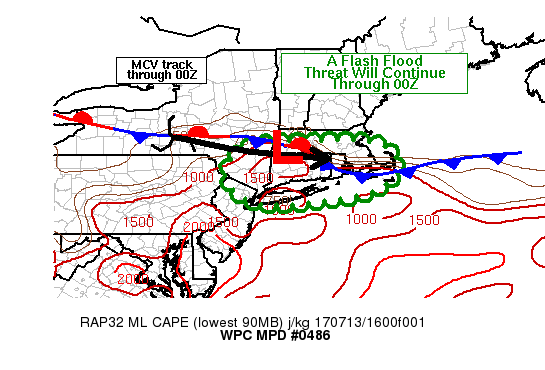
AREAS AFFECTED...SRN NY/LONG ISLAND INTO SRN NEW ENGLAND

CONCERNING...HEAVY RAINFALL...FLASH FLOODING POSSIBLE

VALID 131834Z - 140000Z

SUMMARY...SCATTERED FLASH FLOODING WILL BE POSSIBLE ACROSS
PORTIONS OF SRN NY/LONG ISLAND INTO SRN NEW ENGLAND THROUGH 00Z.
RAINFALL RATES OF 1-2 IN/HR WITH MAXIMUM RAINFALL TOTALS UP TO 4
INCHES ARE EXPECTED.

DISCUSSION...RELATIVELY CLEAR SKIES OVER PORTIONS OF SRN NY INTO
CT EARLIER TODAY HAS ALLOWED FOR A MAXIMUM IN MLCAPE TO DEVELOP
WITH AN ESTIMATED 1000-2000 J/KG IN PLACE BASED ON THE 17Z SPC
MESOANALYSIS PAGE. DEWPOINTS IN THE LOW TO MID 70S PRESENT SOUTH
OF A STRONG...SLOW MOVING BACK DOOR FRONT ACROSS THE REGION IS
COINCIDENT WITH PRECIPITABLE WATER VALUES OF 1.6 TO 1.8 INCHES PER
RECENT GPS SITE OBSERVATIONS. BACK TO THE WEST...A WELL DEFINED
MCV NEAR BGM CONTINUES TO STEADILY TRACK ESEWD ALONG THE FRONTAL
BOUNDARY AND EXTRAPOLATION FORECASTS THE VORTEX TO REACH SERN NEW
ENGLAND BY 00Z.

ENHANCED LOW LEVEL MOISTURE TRANSPORT AND LIFT AHEAD OF THE MCV
SHOULD CONTINUE TO SUPPORT RAINFALL RATES OF 1-2 IN/HR IN THE
VICINITY OF THE FRONTAL BOUNDARY. IN ADDITION...UNIDIRECTIONAL WLY
FLOW IN THE WARM SECTOR IS ALREADY SUPPORTING TRAINING CELLS
ACROSS PORTIONS OF SRN CT AND RI. BOTH OF THESE FORCING MECHANISMS
WILL CONTRIBUTE TO A FLASH FLOOD THREAT THROUGH THE EARLY EVENING
HOURS. WHILE THERE A POSSIBILITY THAT INSTABILITY IS SIGNIFICANTLY
REDUCED WITH ONGOING CONVECTION ACROSS CT AND RI BEFORE THE MCV
ARRIVES SUCH THAT RAINFALL RATES ARE BELOW FLASH FLOOD
CONCERNS...THE HISTORY OF THE MCV HAS SUPPORTED 1-2 IN/HR RATES
WITH NEAR WEAK INSTABILITY EARLIER THIS MORNING OVER UPSTATE NEW
YORK...SUCH THAT HIGH PRECIPITABLE WATER VALUES MAY MAKE UP FOR A
LACK OF GREATER INSTABILITY.

GIVEN FLASH FLOOD GUIDANCE IS A LITTLE HIGHER ACROSS SRN NEW
ENGLAND AND ESPECIALLY EASTERN LONG ISLAND COMPARED TO UPSTATE NEW
YORK...THE GREATEST CONCERN FOR FLASH FLOODING THIS
AFTERNOON/EARLY EVENING WILL BE ACROSS PORTIONS OF ERN CT/MA/RI
WHICH RECEIVED HEAVY RAINFALL OVER THE PAST 24-36 HOURS AND ARE
LIKELY MORE SUSCEPTIBLE TO RUNOFF ISSUES.